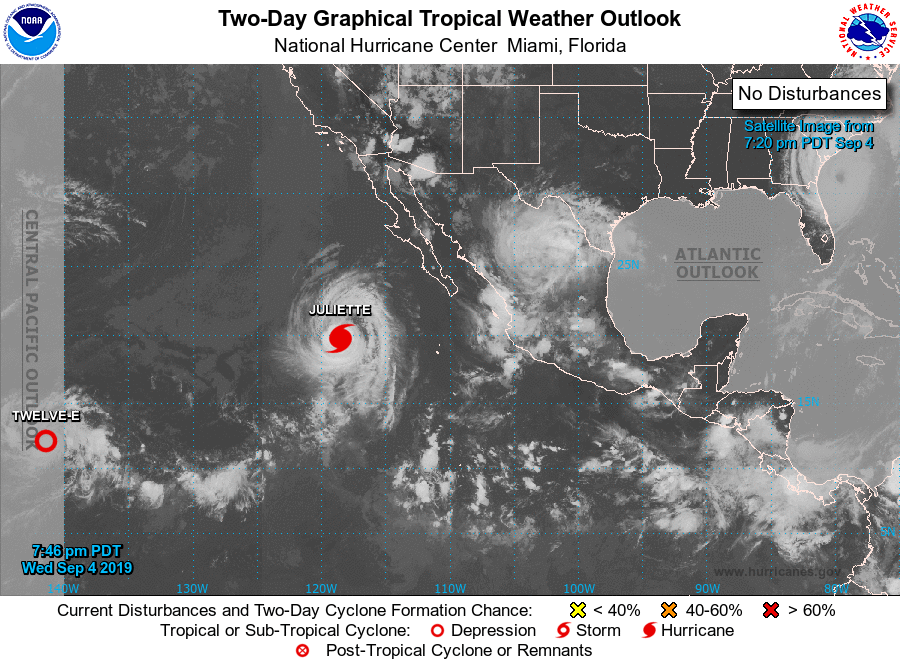
For the eastern North Pacific...east of 140 degrees west longitude:

The National Hurricane Center is issuing advisories on Hurricane Juliette, located several hundred miles west-southwest of the southern tip of the Baja California peninsula.

Tropical cyclone formation is not expected during the next 5 days.

Forecaster Cangialosi